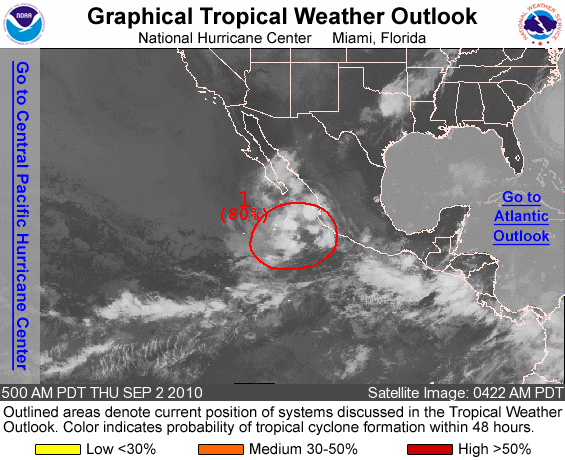
FOR THE EASTERN NORTH PACIFIC...EAST OF 140 DEGREES WEST LONGITUDE..

1. SHOWER AND THUNDERSTORM ACTIVITY ASSOCIATED WITH A BROAD AREA OF LOW PRESSURE LOCATED ABOUT 210 MILES WEST-SOUTHWEST OF MANZANILLO MEXICO HAS BECOME A LITTLE BETTER ORGANIZED. UPPER-LEVEL WINDS ARE FORECAST TO BE CONDUCIVE FOR DEVELOPMENT DURING THE NEXT COUPLE OF DAYS AS THE SYSTEM MOVES WEST-NORTHWESTWARD AT 5 TO 10 MPH. THERE IS A HIGH CHANCE...80 PERCENT...OF THIS SYSTEM BECOMING A TROPICAL CYCLONE DURING THE NEXT 48 HOURS.

ELSEWHERE...TROPICAL CYCLONE FORMATION IS NOT EXPECTED DURING THE NEXT 48 HOURS.

FORECASTER ROBERTS/PASCH